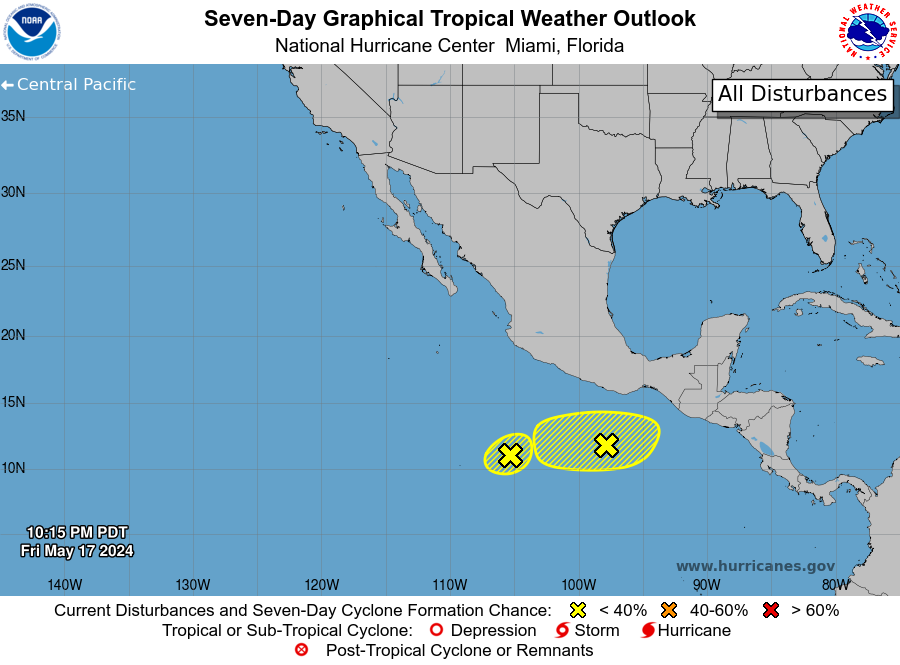
For the eastern North Pacific...east of 140 degrees west longitude:

1. South of the Coast of Southwestern Mexico: An elongated area of low pressure located several hundred miles offshore of the coast of southwestern Mexico continues to produce a small area of showers and thunderstorms. This activity has become more diffuse than yesterday, and marginal environmental conditions due to nearby dry air are likely to limit significant development. This system should remain nearly stationary during the next day or so, but by the end of the weekend, the low is forecast to interact or merge with another system to its east.
* Formation chance through 48 hours...low...10 percent.
* Formation chance through 7 days...low...10 percent.

2. South of the Coast of Southern Mexico: Disorganized showers and thunderstorms persist several hundred miles to the south of the coast of southern Mexico along a trough of low pressure. Development of this system, if any, should be slow to occur as it moves slowly westward during the next few days.
* Formation chance through 48 hours...low...near 0 percent.
* Formation chance through 7 days...low...20 percent.

Forecaster Papin